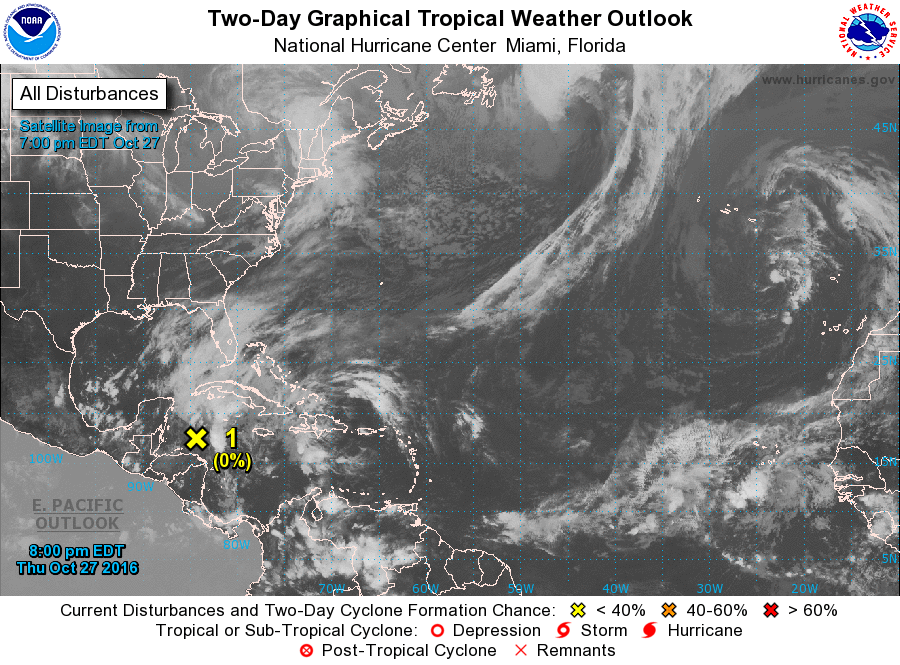
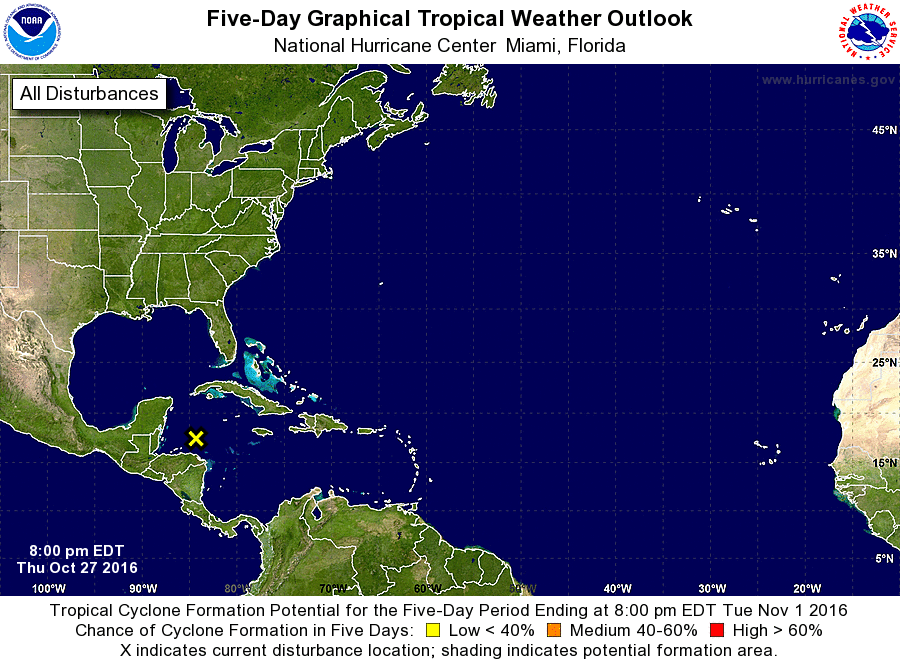
For the North Atlantic...Caribbean Sea and the Gulf of Mexico:

1. Disorganized showers and a few thunderstorms located over the northwestern Caribbean Sea are associated with a broad area of low pressure centered about a hundred miles north of the coast of Honduras. Development of this system is not expected due to strong upper-level winds. However, the disturbance is forecast to move little over the next few days, and locally heavy rainfall is possible across portions of the eastern Yucatan peninsula, Cuba, the Cayman Islands, and Jamaica through the weekend.
* Formation chance through 48 hours...low...near 0 percent
* Formation chance through 5 days...low...near 0 percent

Forecaster Berg